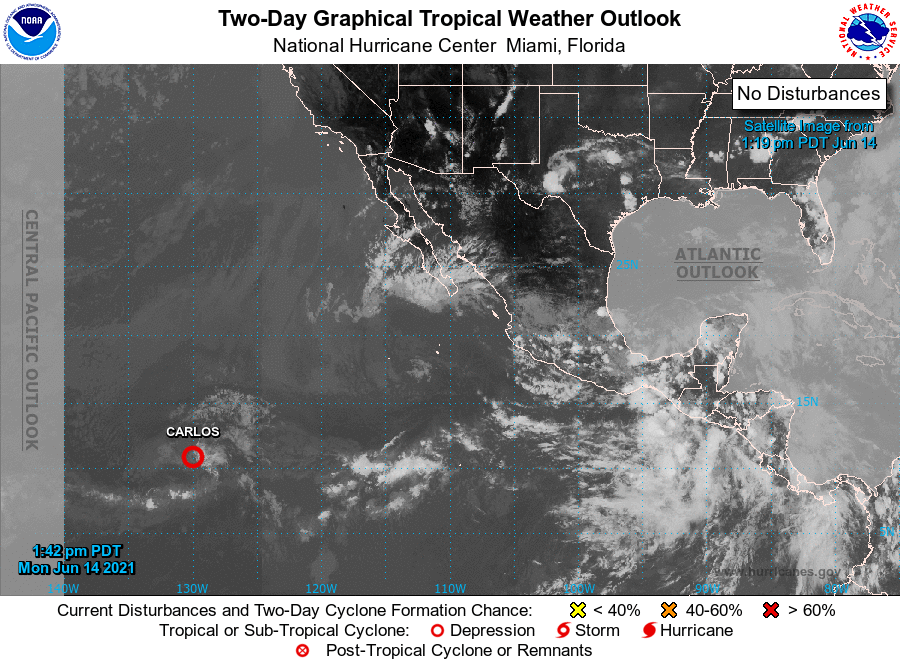
For the eastern North Pacific...east of 140 degrees west longitude:

The National Hurricane Center is issuing advisories on Tropical Storm Carlos, located just over 1500 miles west-southwest of the southern tip of the Baja California peninsula.

1. An area of low pressure is expected to form in a few days a couple of hundred miles offshore of the coast of southwestern Mexico. Environmental conditions are expected to be conducive for gradual development of this system thereafter, and a tropical depression could form late this week or over the weekend while it moves slowly northwestward, roughly parallel to the southwestern coast of Mexico.
* Formation chance through 48 hours...low...near 0 percent.
* Formation chance through 5 days...medium...50 percent.

Forecaster Latto